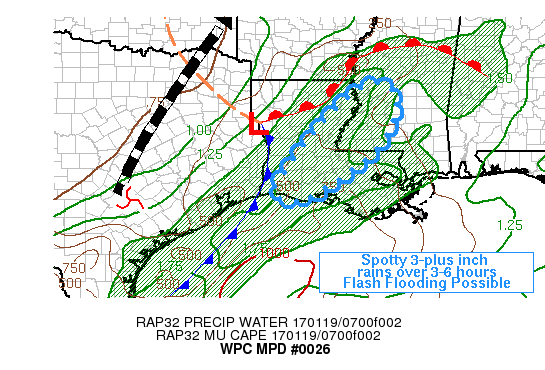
AREAS AFFECTED...SOUTHERN LA...SOUTHWEST MS

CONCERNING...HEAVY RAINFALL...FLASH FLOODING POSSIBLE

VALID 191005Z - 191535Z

SUMMARY...REPEATED CONVECTION AND A FEW CELL MERGERS WITHIN A RIPE
ENVIRONMENT WILL LEAD TO 3-PLUS INCHES OF RAIN IN SOME LOCATIONS
THROUGH 15Z...WITH FLASH FLOODING POSSIBLE.

DISCUSSION...AT 0930Z RADAR SHOWED CONVECTION AND HEAVY RAIN
EXPANDING IN COVERAGE PER REFLECTIVITY AND HYDROMETEOR
CLASSIFICATION. THE FEW GAUGES THAT WERE AVAILABLE...MAINLY
CITIZEN GAUGES...INDICATED A QUICK 1.5 TO 1.75 INCHES OF RAIN
NORTH OF LAFAYETTE. ONE WOULD EXPECT SYNOPTIC ASCENT TO ONLY
INCREASE OVER THIS REGION THE NEXT FEW HOURS...WITH WATER VAPOR
IMAGERY DEPICTING A WELL DEFINED SHORTWAVE TROUGH EMANATING FROM
THE SUB-TROPICAL MOISTURE FEED OVER MEXICO. THE INFLECTION IN THE
FLOW AHEAD OF THIS FEATURE WAS VERY BROAD SCALE...LOW
AMPLITUDE...SUCH THAT THERE WILL BE SEVERAL HOUR PERIOD OF
ENHANCED DEEP LAYER LIFT AND RELATIVELY UNIDIRECTIONAL DEEP LAYER
FLOW PRIOR TO ITS PASSING. THIS IS BORN OUT IN RAP MODEL FORECASTS
OF PERSISTENT 700 MB VERTICAL VELOCITY OVER THE DISCUSSION AREA.

OF THE HI-RES MODELS...THE HRRR WAS BEST CAPTURING THE ONGOING
ACTIVITY AT 0930Z...AND FOR THREE CYCLES THE HRRR HAD HELD ONTO
INCREASED RAINFALL AMOUNTS...LOCALLY GREATER THAN 3
INCHES...WITHIN THE SAME SWATH OF PERSISTENT VERTICAL MOTION
FORECAST BY THE RAP. THIS REGION FROM LAFAYETTE LA TO JACKSON MS
WAS ALONG A GRADIENT IN THE GRIDDED FLASH FLOOD GUIDANCE...BUT
RAINFALL OF THIS INTENSITY SHOULD NOSE ABOVE THE 1-HR AND 3-HR FFG
IN SPOTS. THE ONLY REAL LIMITING FACTOR IS A LACK OF LOW LEVEL
FOCUS...WITH THE CONVECTION BEING ROOTED JUST ABOVE THE SURFACE
AND OUT AHEAD OF A COLD FRONT. MOISTURE FLUX AND DEEP LAYER
ASCENT... HOWEVER...WILL INCREASE...WITHIN AN ENVIRONMENT MARKED
BY NEARLY 1.75 INCH PRECIPITABLE WATER...SUGGESTING ISOLATED
TOTALS MAY GO EVEN HIGHER THAN 4 INCHES...PARTICULARLY AS
SOUNDINGS SHOW LITTLE COLD POOL POTENTIAL TO SUPPORT EASTWARD
PROPAGATION UNTIL THE WAVE PASSES AND 700 MB WINDS VEER TOWARD
14-15Z.